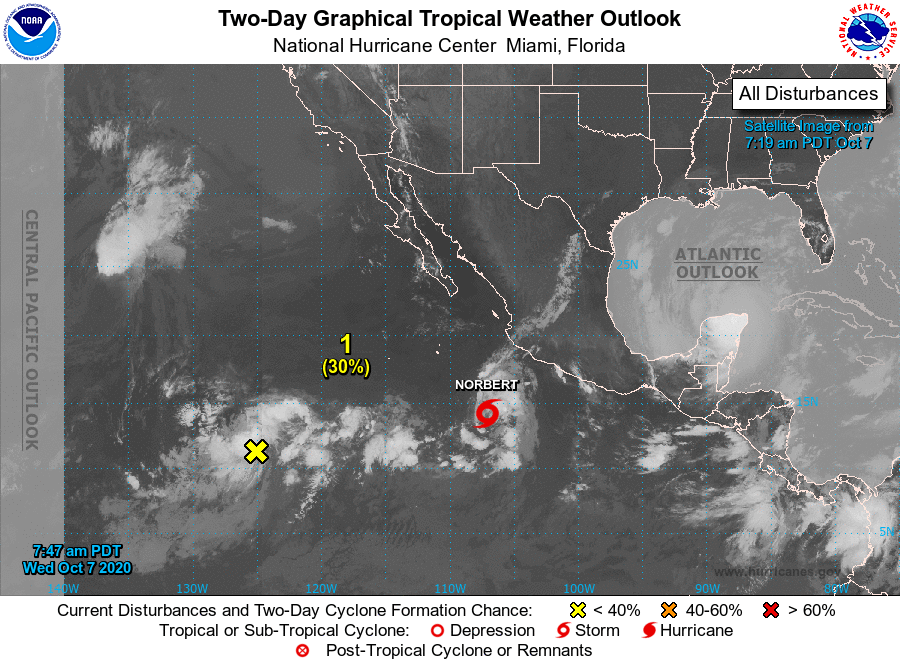
For the eastern North Pacific...east of 140 degrees west longitude:

The National Hurricane Center is issuing advisories on Tropical Storm Norbert, located several hundred miles southwest of the southwestern coast of Mexico.

1. Showers and thunderstorms have become a little better organized this morning in association with an elongated area of low pressure located more than 1000 miles southwest of the southern tip of the Baja California peninsula. Some additional development of this system is possible during the next few days while it moves slowly north-northwestward at about 5 mph.
* Formation chance through 48 hours...low...30 percent.
* Formation chance through 5 days...medium...40 percent.

Forecaster Roberts